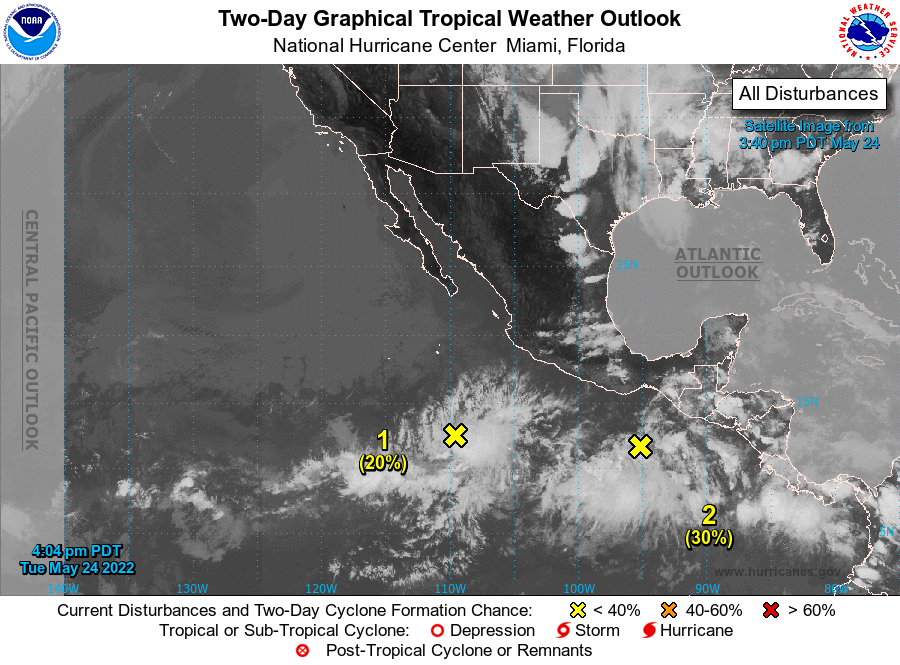
For the eastern North Pacific...east of 140 degrees west longitude:

1. Central portion of the eastern Pacific: A trough of low pressure located several hundred miles off the coast of southwestern Mexico continues to produce disorganized showers and thunderstorms. Environmental conditions could support some slow development during the next couple of days while this system moves little. Upper-level winds are forecast to become too strong for development late this week.
* Formation chance through 48 hours...low...20 percent.
* Formation chance through 5 days...low...20 percent.

2. South of the Gulf of Tehuantepec: A large area of disorganized showers and thunderstorms centered a few hundred miles south of the Gulf of Tehuantepec is associated with a surface trough. Environmental conditions are forecast to be conducive for further development, and a tropical depression is likely to form late this week or this weekend while the system moves west-northwestward or northwestward at 5 to 10 mph.
* Formation chance through 48 hours...low...30 percent.
* Formation chance through 5 days...high...70 percent.

Forecaster Hogsett/Cangialosi